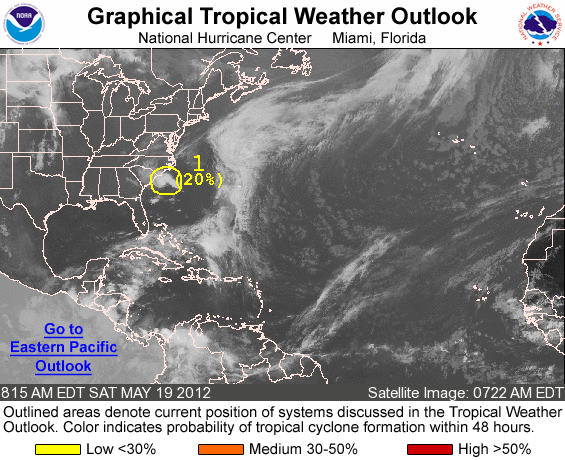
FOR THE NORTH ATLANTIC...CARIBBEAN SEA AND THE GULF OF MEXICO...

1. A NON-TROPICAL AREA OF LOW PRESSURE LOCATED ABOUT 120 MILES SOUTHEAST OF MYRTLE BEACH SOUTH CAROLINA IS PRODUCING SHOWERS AND THUNDERSTORMS AS IT INTERACTS WITH A MID- TO UPPER-LEVEL TROUGH. ANY DEVELOPMENT OF THIS SYSTEM AS A TROPICAL OR SUBTROPICAL CYCLONE IS EXPECTED TO BE SLOW TO OCCUR AS IT MOVES LITTLE OVER THE NEXT DAY OR SO. THIS SYSTEM HAS A LOW CHANCE...20 PERCENT...OF BECOMING A TROPICAL OR SUBTROPICAL CYCLONE DURING THE NEXT 48 HOURS.

FOR ADDITIONAL INFORMATION ON THIS SYSTEM...PLEASE SEE PRODUCTS FROM YOUR LOCAL NATIONAL WEATHER SERVICE OFFICE AND HIGH SEAS FORECASTS ISSUED BY THE NATIONAL WEATHER SERVICE...UNDER AWIPS HEADER NFDHSFAT1 AND WMO HEADER FZNT01 KWBC. ADDITIONAL SPECIAL TROPICAL WEATHER OUTLOOKS WILL BE ISSUED ON THIS SYSTEM LATER TODAY OR SUNDAY...IF NECESSARY.

ELSEWHERE...TROPICAL CYCLONE FORMATION IS NOT EXPECTED DURING THE NEXT 48 HOURS.

FORECASTER BRENNAN/CANGIALOSI